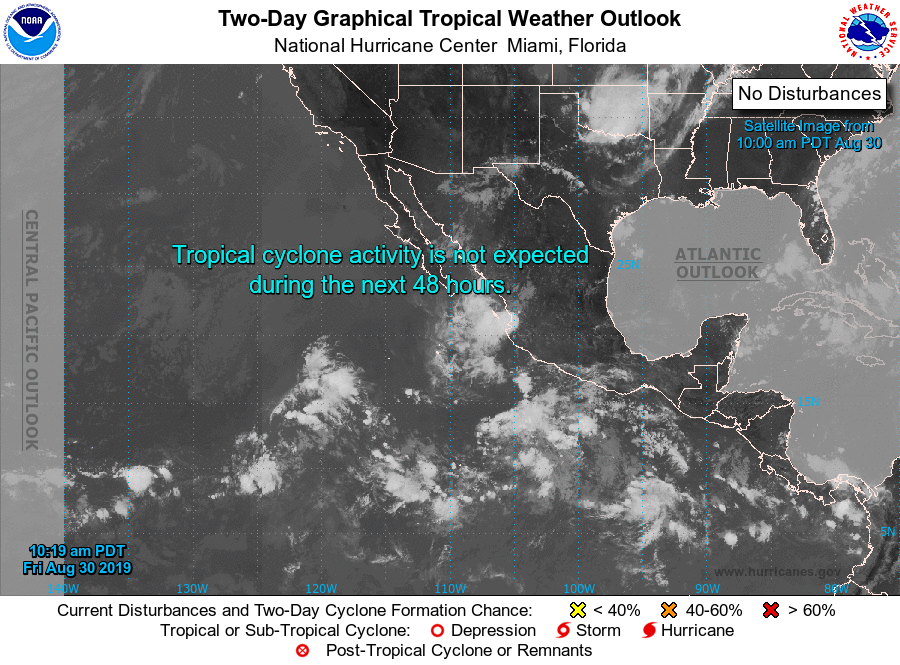
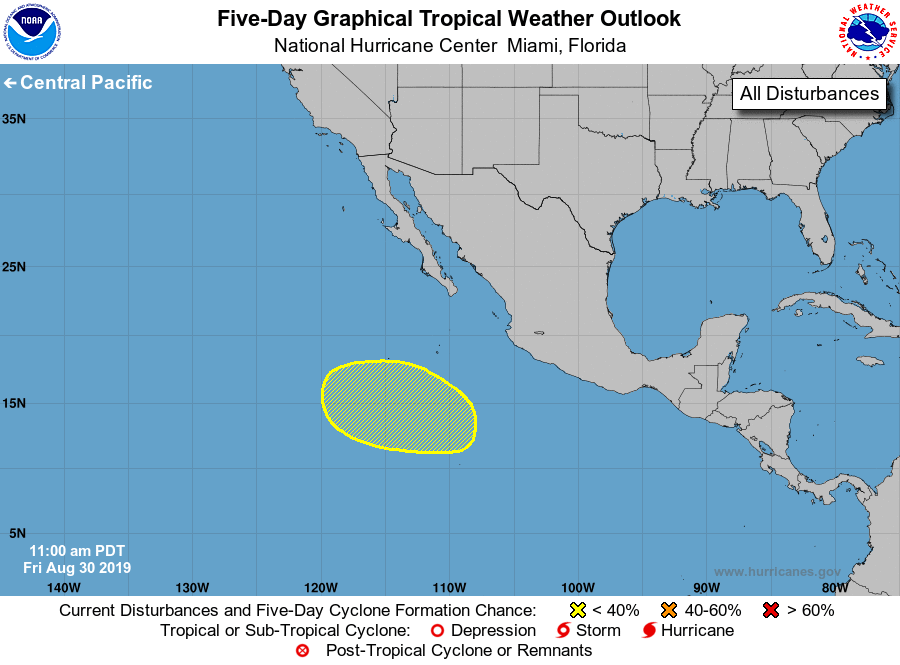
For the eastern North Pacific...east of 140 degrees west longitude:

A broad area of low pressure has formed several hundred miles south-southwest of the southwestern coast of Mexico. Environmental conditions appear conducive for gradual development of this system early next week as it moves generally west-northwestward.

1.
* Formation chance through 48 hours...low...near 0 percent.
* Formation chance through 5 days...low...30 percent.

Forecaster Roberts